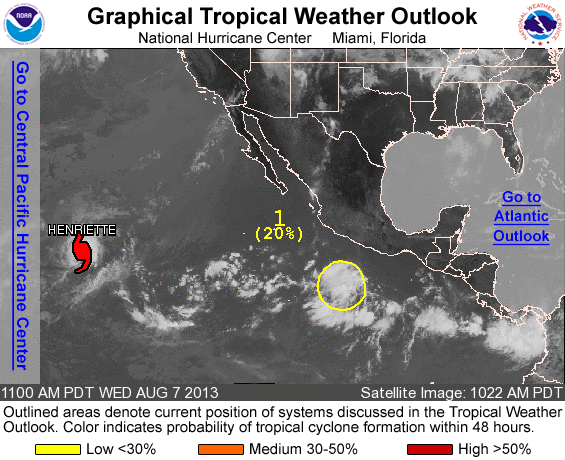
FOR THE EASTERN NORTH PACIFIC...EAST OF 140 DEGREES WEST LONGITUDE..

THE NATIONAL HURRICANE CENTER IS ISSUING ADVISORIES ON HURRICANE HENRIETTE...LOCATED FAR TO THE EAST-SOUTHEAST OF THE HAWAIIAN ISLANDS.

1. AN AREA OF DISTURBED WEATHER HAS FORMED SEVERAL HUNDRED MILES SOUTHWEST OF ACAPULCO MEXICO. ENVIRONMENTAL CONDITIONS ARE CONDUCIVE FOR GRADUAL DEVELOPMENT OF THIS DISTURBANCE DURING THE NEXT COUPLE OF DAYS AS IT MOVES WESTWARD AT 10 TO 15 MPH. THIS SYSTEM HAS A LOW CHANCE...20 PERCENT...OF BECOMING A TROPICAL CYCLONE DURING THE NEXT 48 HOURS AND A MEDIUM CHANCE...50 PERCENT...DURING THE NEXT 5 DAYS.

FIVE-DAY FORMATION PROBABILITIES ARE EXPERIMENTAL IN 2013. COMMENTS ON THE EXPERIMENTAL FORECASTS CAN BE PROVIDED AT...

HTTP://WWW.NWS.NOAA.GOV/SURVEY/NWS-SURVEY.PHP?CODE=ETWO

FORECASTER KIMBERLAIN/BEVEN